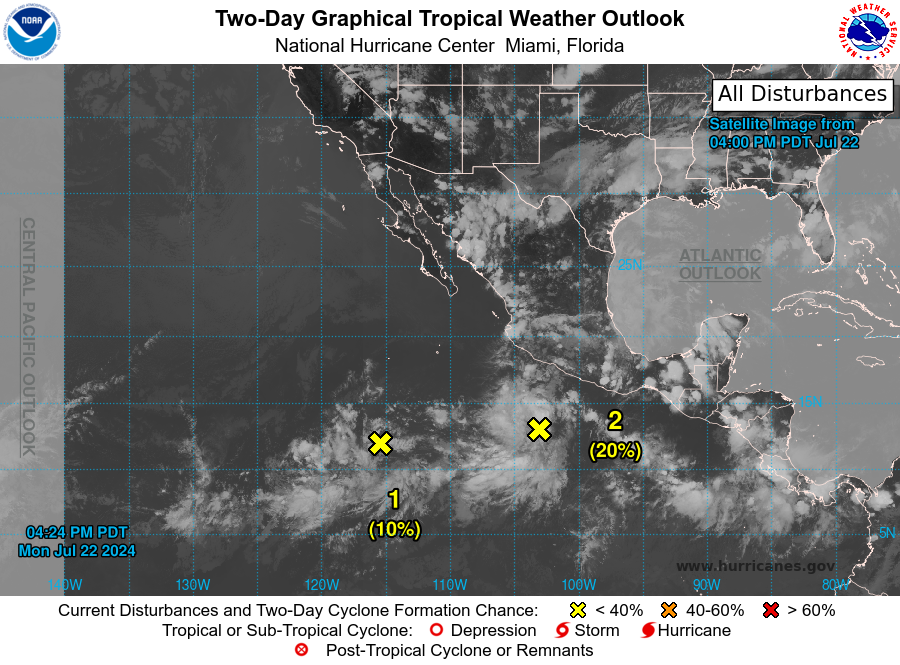
For the eastern North Pacific...east of 140 degrees west longitude:

1. Central and Western East Pacific: A tropical wave located several hundred miles south-southwest of the southern tip of the Baja California Peninsula is producing disorganized shower and thunderstorm activity. Environmental conditions could become a little more conducive for some gradual development of this system over the next several days while it moves westward to west-northwestward at 10 to 15 mph across the central and western portions of the basin.
* Formation chance through 48 hours...low...10 percent.
* Formation chance through 7 days...low...30 percent.

2. Offshore Southwestern Mexico: An area of showers and thunderstorms located a few hundred miles south-southeast of Manzanillo, Mexico is associated with a tropical wave. This system has become a little better organized today, and some further development is possible while it moves generally west-northwestward over the next couple of days, remaining offshore of southwestern Mexico.
*Formation chance through 48 hours...low...20 percent.
*Formation chance through 7 days...low...20 percent.

Forecaster Pasch